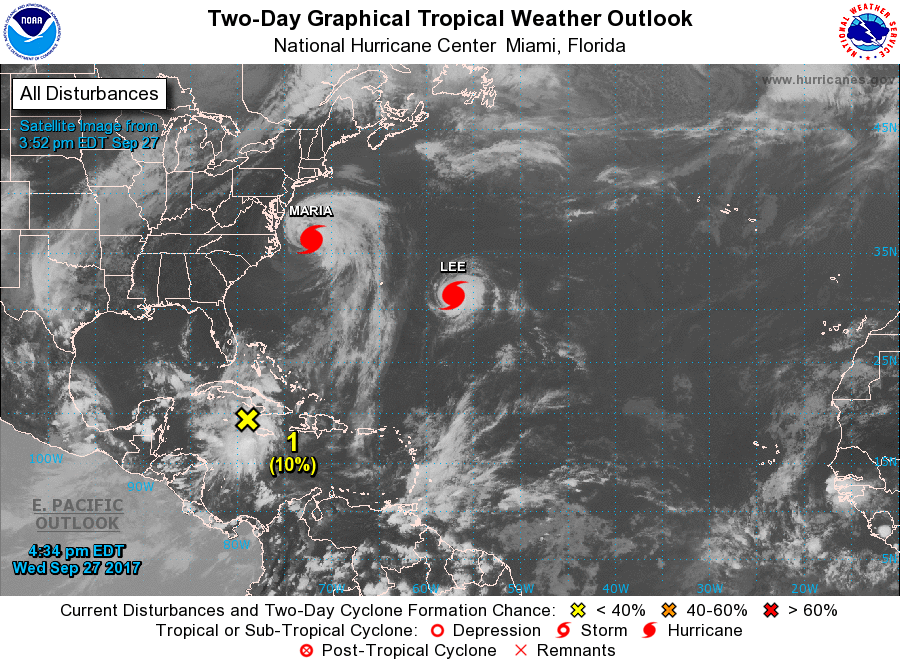
For the North Atlantic...Caribbean Sea and the Gulf of Mexico:

The National Hurricane Center is issuing advisories on Hurricane Maria, located east of Cape Hatteras, North Carolina, and on Hurricane Lee, located over the central Atlantic Ocean.

1. An area of disturbed weather associated with a trough of low pressure is located over the northwestern Caribbean Sea. This system is forecast to move slowly north-northwestward across Cuba and the Straits for Florida during the next day or so. Some development of this system is possible when it moves near the Florida peninsula or the northwestern Bahamas on Friday or Saturday before upper-level winds become less favorable early next week. Regardless of development, this system is likely to produce locally heavy rainfall over portions of Cuba, southern Florida, the Florida Keys, and the Bahamas during the next several days.
* Formation chance through 48 hours...low...10 percent.
* Formation chance through 5 days...low...20 percent.

Forecaster Brown